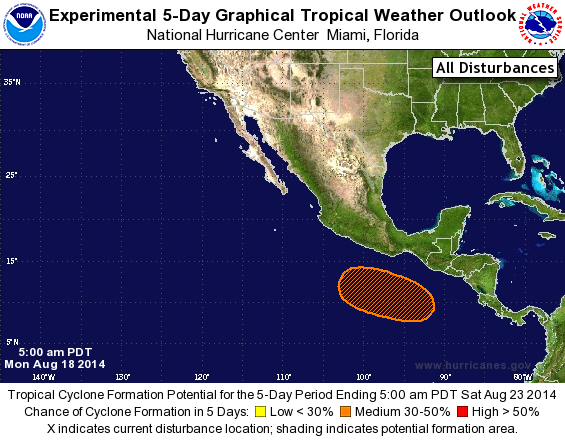
For the eastern North Pacific...east of 140 degrees west longitude:

The National Hurricane Center is issuing advisories on Tropical Storm Karina, located more than a thousand miles east of the Big Island of Hawaii, and on Tropical Depression Twelve-E, located several hundred miles southwest of the southern tip of the Baja California peninsula.

1. An area of low pressure is expected to form in a few days to the south of the Gulf of Tehuantepec. Slow development of this system is possible later this week while the low moves roughly parallel to the coast of southwestern Mexico.
* Formation chance through 48 hours...low...near 0 percent.
* Formation chance through 5 days...medium...40 percent.

Public Advisories on Tropical Depression Twelve-E are issued under WMO header WTPZ32 KNHC and under AWIPS header MIATCPEP2. Forecast/Advisories on Tropical Depression Twelve-E are issued under WMO header WTPZ22 KNHC and under AWIPS header MIATCMEP2.

Forecaster Stewart